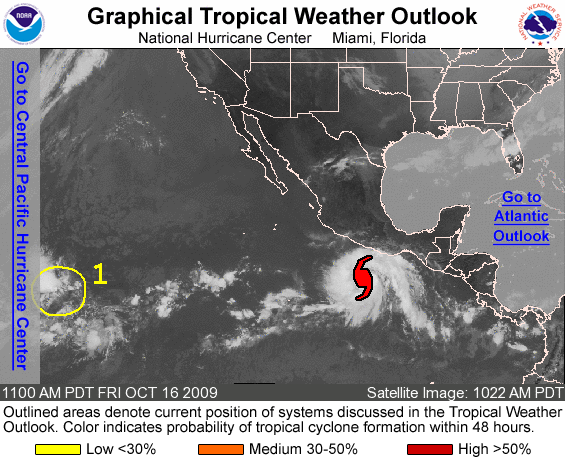
FOR THE EASTERN NORTH PACIFIC...EAST OF 140 DEGREES WEST LONGITUDE..

THE NATIONAL HURRICANE CENTER IS ISSUING ADVISORIES ON TROPICAL STORM RICK...LOCATED ABOUT 290 MILES SOUTH OF ACAPULCO MEXICO.

1. SHOWERS AND THUNDERSTORMS ASSOCIATED WITH A BROAD AREA OF LOW PRESSURE ABOUT 1250 MI EAST-SOUTHEAST OF THE HAWAIIAN ISLANDS ARE CURRENTLY POORLY ORGANIZED. SLOW DEVELOPMENT OF THIS SYSTEM IS POSSIBLE AS IT MOVES WESTWARD AT ABOUT 15 MILES PER HOUR. THERE IS A LOW CHANCE...LESS THAN 30 PERCENT...OF THIS SYSTEM BECOMING A TROPICAL CYCLONE DURING THE NEXT 48 HOURS.

ELSEWHERE...TROPICAL CYCLONE FORMATION IS NOT EXPECTED DURING THE NEXT 48 HOURS.

PUBLIC ADVISORIES ON TROPICAL STORM RICK ARE ISSUED UNDER WMO HEADER WTPZ35 KNHC AND UNDER AWIPS HEADER MIATCPEP5. FORECAST/ADVISORIES ON RICK ARE ISSUED UNDER WMO HEADER WTPZ25 KNHC AND UNDER AWIPS HEADER MIATCMEP5.

FORECASTER BEVEN